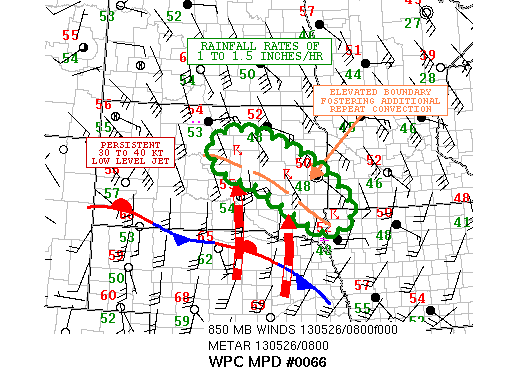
AREAS AFFECTED...CENTRAL AND EASTERN SD...EXTREME SOUTHWEST
MN...EXTREME NORTHWEST IA

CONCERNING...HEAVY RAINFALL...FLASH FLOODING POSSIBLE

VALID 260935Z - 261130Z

SUMMARY...SOME ADDITIONAL REPEATING AND LOCALIZED TRAINING OF
CONVECTION IS EXPECTED NEXT COUPLE OF HOURS...FOSTERING SOME
ADDITIONAL SHORT-TERM FLASH FLOOD CONCERNS.

DISCUSSION...LATEST IR SAT IMAGERY SHOWS COLD CONVECTIVE TOPS
ASSOCD WITH BKN MCS ACTIVITY STRETCHING FROM N CNTRL SD SEWD DOWN
ACROSS SERN SD AND INTO NWRN IA WHERE THERE HAS BEEN REPEATING
CONVECTION FOR SEVERAL HOURS NOW. THE LATEST RAP ANALYSIS
INDICATES A PERSISTENT SRLY LOW LEVEL JET ON THE ORDER OF 30 TO 40
KT INTERACTING WITH AN ELEVATED FRONT INVOF 850 MB. THIS IS
CONTINUING TO SUSTAIN A GENERAL NW/SE ORIENTED AXIS OF ENHANCED
ISENTROPIC LIFT AND RESULTING AXIS OF HVY SHOWERS AND
THUNDERSTORMS. MUCAPE VALUES OF 500 TO 1000 J/KG INVOF THE
ELEVATED BOUNDARY CONTINUES TO SUGGEST SUFFICIENT INSTABILITY FOR
ADDITIONAL DEVELOPMENT AT LEAST FOR A COUPLE MORE HOURS...BUT THE
LOW LEVEL JET AND INSTABILITY TRANSPORT SHOULD TEND TO WANE AFTER
SUNRISE. EXPECT ADDITIONAL HVY RAINS...WITH RAINFALL RATES OF 1 TO
1.5 INCHES/HR TO IMPACT SOME AREAS ALREADY HIT BY EXCESSIVE RAINS
OVERNIGHT...AND THEREFORE ADDITIONAL FLASH FLOODING WILL BE
POSSIBLE.